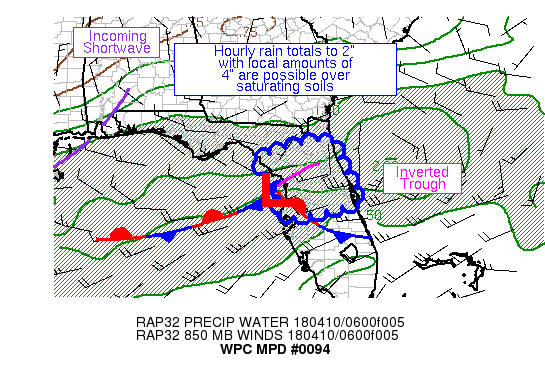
AREAS AFFECTED...NORTHERN FL PENINSULA

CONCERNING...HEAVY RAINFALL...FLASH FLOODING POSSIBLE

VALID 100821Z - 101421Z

SUMMARY...ELEVATED CONVECTION IS SLOWLY DEVELOPING NEAR AND
UPSTREAM OF AN AREA WHICH RECEIVED HEAVY RAIN DURING THE PAST 12
HOURS.  HOURLY RAIN TOTALS TO 2" WITH LOCAL AMOUNTS TO 4" ARE
POSSIBLE.

DISCUSSION...A NARROW SHORTWAVE ALOFT ACROSS THE MOUTH OF THE
MISSISSIPPI RIVER AND SOUTHERN AL HAS LED TO RENEWED CONVECTION
OFFSHORE APALACHICOLA AND HALTED THE EROSION OF INSTABILITY ACROSS
NORTHERN FL.  FADED SURFACE BASED CONVECTION ACROSS THE CENTRAL FL
PENINSULA IS ALLOWING FOR NEW ELEVATED THUNDERSTORM DEVELOPMENT TO
THE NORTH ACROSS PORTIONS OF THE NORTHERN PENINSULA.  BROOKSVILLE
REPORTED 1.13" BETWEEN 07-08Z.  THE MOST RECENT GPS PRECIPITABLE
WATER VALUES LIE IN THE 1.6-1.75" RANGE.  A GRADIENT IN THE MU
CAPE FIELD EXISTS ACROSS THE NORTHERN PENINSULA WHERE 500-1000
J/KG CONTINUES TO EXIST PER SPC MESOANALYSES WHILE CENTRAL FL HAS
VALUES IN THE 1000-2000 J/KG RANGE. INFLOW AT 850 HPA IS
CONVERGENT OUT OF THE WEST SOUTHWEST AT 15-30 KT PER VAD WIND
PROFILES.  EFFECTIVE BULK SHEAR REMAINS IN THE 30-40 KNOT RANGE.

THE CONCERN IS THAT CONVECTION SOUTH OF THE FL PANHANDLE WOULD
BRIDGE ACROSS TO THE NORTHERN PENINSULA WHERE 2-6" OF RAIN FELL
SINCE 5 PM MONDAY AND LEAD TO RENEWED CELL TRAINING -- THERE IS
SOME SLIGHT EVIDENCE OF SHORT TRAINING BANDS DEVELOPING ASHORE AT
THIS TIME.  HRRR-BASED SOIL MOISTURE INDICATES SATURATED
CONDITIONS OVER MUCH OF THIS REGION, LEAVING IT SENSITIVE TO
ADDITIONAL RAINFALL.  THE 00Z NAM CONEST, SOUTHWARD ADJUSTED 06Z
NAM CONEST, 00Z CANADIAN REGIONAL, AND 00Z WRF NSSL RUNS APPEAR
BEST IN THIS AREA, AND ADVERTISE LOCAL AMOUNTS OF 3-4".  GIVEN THE
AMOUNT OF RESIDUAL INSTABILITY, HOURLY RAIN TOTALS TO 2" APPEAR
POSSIBLE.  UNCERTAINTY IS GREATER THAN AVERAGE IN THIS ASSESSMENT.